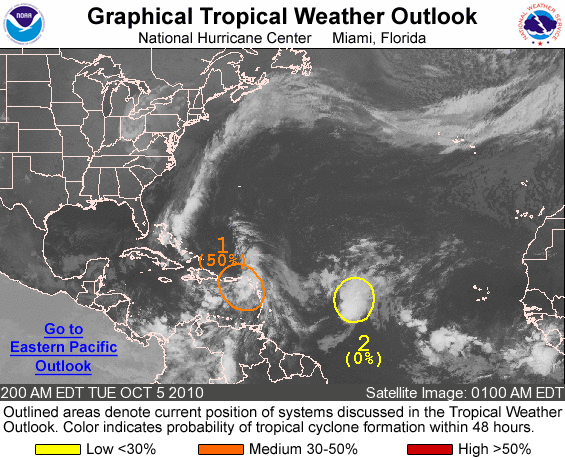
FOR THE NORTH ATLANTIC...CARIBBEAN SEA AND THE GULF OF MEXICO...

1. SHOWER AND THUNDERSTORM ACTIVITY ASSOCIATED WITH A BROAD AREA OF LOW PRESSURE LOCATED OVER THE EXTREME NORTHEASTERN CARIBBEAN SEA HAS INCREASED A LITTLE DURING THE LAST FEW HOURS. UPPER-LEVEL WINDS ARE EXPECTED TO BECOME MORE FAVORABLE FOR DEVELOPMENT BY TONIGHT OR WEDNESDAY...AND THERE IS A MEDIUM CHANCE...50 PERCENT...OF THIS SYSTEM BECOMING A TROPICAL CYCLONE DURING THE NEXT 48 HOURS AS IT MOVES GENERALLY NORTHWESTWARD AT 5 TO 10 MPH. REGARDLESS OF DEVELOPMENT...LOCALLY HEAVY RAINS ARE POSSIBLE DURING THE NEXT DAY OR TWO OVER THE LEEWARD ISLANDS...THE VIRGIN ISLANDS...PUERTO RICO...AND HISPANIOLA.

2. AN AREA OF DISORGANIZED SHOWERS AND THUNDERSTORMS LOCATED ABOUT 1000 MILES EAST OF THE WINDWARD ISLANDS IS ASSOCIATED WITH A SMALL LOW PRESSURE SYSTEM AND AN UPPER-LEVEL LOW. DEVELOPMENT OF THIS DISTURBANCE IS NOT EXPECTED DUE TO STRONG UPPER-LEVEL WINDS...AND THERE IS A LOW CHANCE...NEAR 0 PERCENT...OF THIS SYSTEM BECOMING A TROPICAL CYCLONE DURING THE NEXT 48 HOURS AS IT MOVES NORTH-NORTHWESTWARD AT 5 TO 10 MPH.

ELSEWHERE...TROPICAL CYCLONE FORMATION IS NOT EXPECTED DURING THE NEXT 48 HOURS.

FORECASTER CANGIALOSI